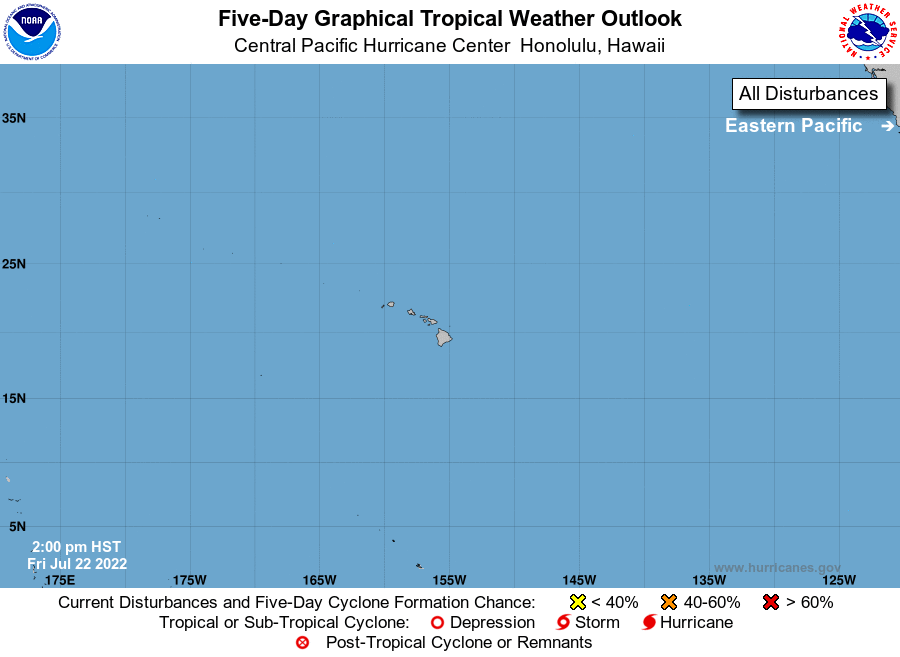
For the central North Pacific...between 140W and 180W:

No tropical cyclones are expected during the next 5 days.

Forecaster Wroe